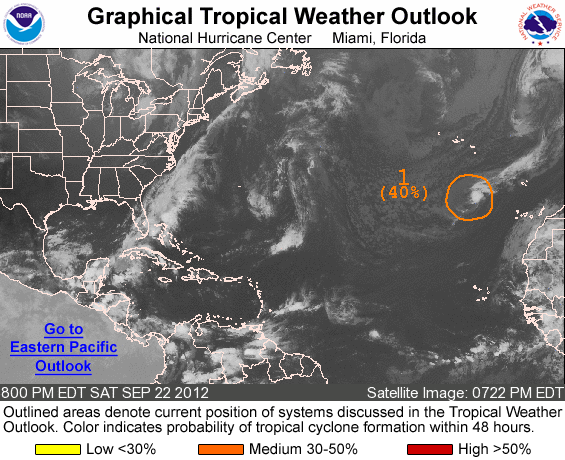
FOR THE NORTH ATLANTIC...CARIBBEAN SEA AND THE GULF OF MEXICO...

1. SHOWER ACTIVITY HAS INCREASED SOMEWHAT DURING THE PAST SEVERAL HOURS IN ASSOCIATION WITH POST-TROPICAL CYCLONE NADINE...LOCATED ABOUT 575 MILES WEST-NORTHWEST OF THE CANARY ISLANDS. CONDITIONS ARE EXPECTED TO BE MARGINALLY FAVORABLE FOR REGENERATION OF THIS SYSTEM INTO A TROPICAL OR SUBTROPICAL CYCLONE AS IT MOVES OVER SLIGHTLY WARMER WATERS DURING THE NEXT DAY OR TWO. THIS SYSTEM HAS A MEDIUM CHANCE...40 PERCENT...OF BECOMING A TROPICAL OR SUBTROPICAL CYCLONE AGAIN DURING THE NEXT 48 HOURS.

ADDITIONAL INFORMATION ON POST-TROPICAL CYCLONE NADINE CAN BE FOUND IN HIGH SEAS FORECASTS ISSUED BY METEO FRANCE.

ELSEWHERE...TROPICAL CYCLONE FORMATION IS NOT EXPECTED DURING THE NEXT 48 HOURS.

&&
HIGH SEAS FORECASTS ISSUED BY METEO FRANCE CAN BE FOUND UNDER WMO HEADER FQNT50 LFPW.

FORECASTER BEVEN